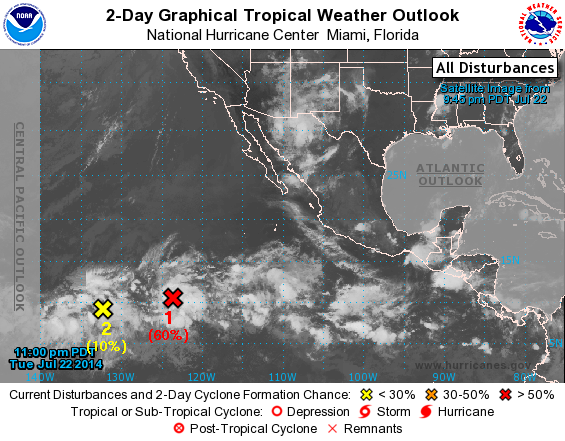
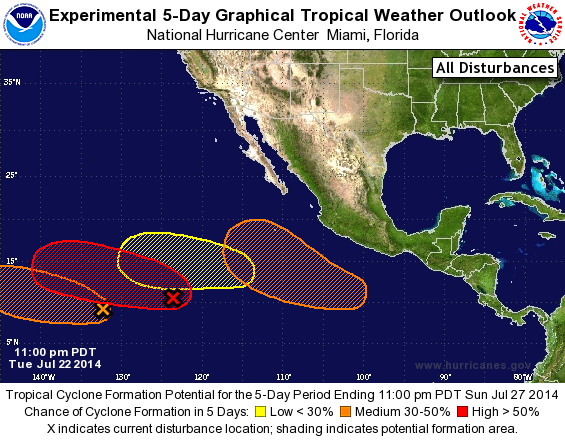
For the eastern North Pacific...east of 140 degrees west longitude:

1. Showers and thunderstorms associated with an area of low pressure located about 1200 miles southwest of the southern tip of the Baja California peninsula have become better organized this evening. Environmental conditions appear conducive for additional development and this system is expected to become a tropical depression during the next few days while it moves westward or west-northwestward at 10 to 15 mph.
* Formation chance through 48 hours...high...60 percent.
* Formation chance through 5 days...high...80 percent.

2. A tropical wave located about 1700 miles east-southeast of the Big Island of Hawaii is producing disorganized showers and thunderstorms. Some gradual development of this system is possible during the next few days while it moves westward into the central Pacific.
* Formation chance through 48 hours...low...near 10 percent.
* Formation chance through 5 days...medium...30 percent.

3. An area of low pressure is forecast to form several hundred miles south of the coast of Mexico in a few days. Some development of this system is expected over the weekend while it moves generally west-northwestward.
* Formation chance through 48 hours...low...near 0 percent.
* Formation chance through 5 days...medium...50 percent.

4. Yet another area of low pressure could form during the next couple of days several hundred miles southwest of the southern tip of the Baja California Peninsula. Some gradual development of this system is possible by the weekend while it moves generally westward.
* Formation chance through 48 hours...low...near 0 percent.
* Formation chance through 5 days...low...20 percent.

Forecaster Brown